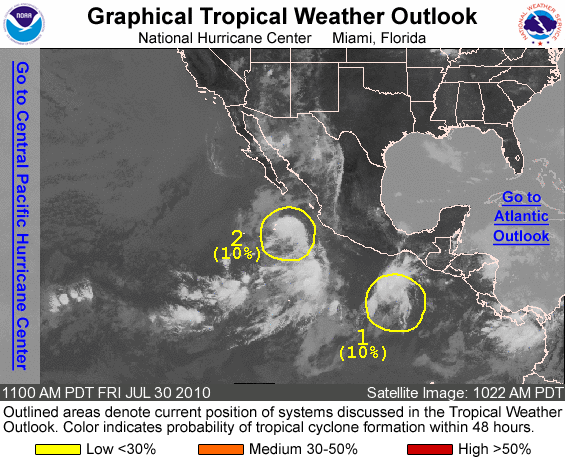
FOR THE EASTERN NORTH PACIFIC...EAST OF 140 DEGREES WEST LONGITUDE..

1. SHOWERS AND THUNDERSTORMS HAVE DIMINISHED IN ASSOCIATION WITH AN AREA OF LOW PRESSURE CENTERED ABOUT 500 MILES SOUTH OF THE GULF OF TEHUANTEPEC. ANY DEVELOPMENT OF THIS SYSTEM WILL BE SLOW TO OCCUR AS IT MOVES WESTWARD OR WEST-NORTHWESTWARD AT AROUND 10 MPH. THERE IS A LOW CHANCE...10 PERCENT...OF THIS SYSTEM BECOMING A TROPICAL CYCLONE DURING THE NEXT 48 HOURS.

2. A DISTURBANCE LOCATED ABOUT 250 MILES SOUTH OF THE SOUTHERN TIP OF BAJA CALIFORNIA IS PRODUCING AN AREA OF DISORGANIZED SHOWERS AND THUNDERSTORMS. AS THIS SYSTEM MOVES WESTWARD AT AROUND 10 MPH OVER THE NEXT COUPLE OF DAYS IT WILL MOVE INTO AN AREA OF COOLER WATERS ...AND THERE IS A LOW CHANCE...10 PERCENT...OF THIS SYSTEM BECOMING A TROPICAL CYCLONE DURING THE NEXT 48 HOURS.

ELSEWHERE...TROPICAL CYCLONE FORMATION IS NOT EXPECTED DURING THE NEXT 48 HOURS.

FORECASTER BRENNAN